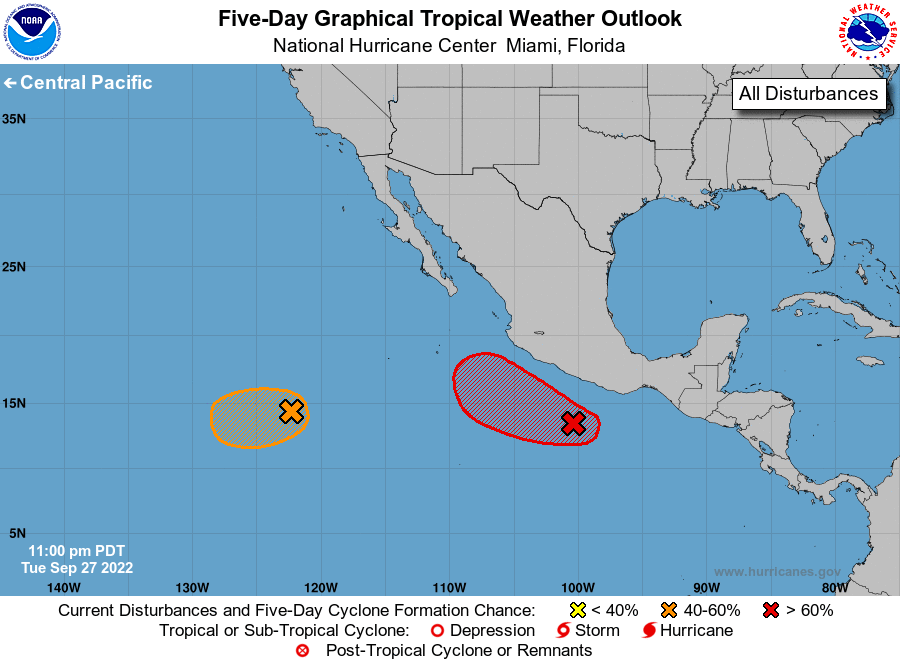
For the eastern North Pacific...east of 140 degrees west longitude:

1. South of the Southern Coast of Mexico: Showers and thunderstorms have increased in association with an area of low pressure located south of the southern coast of Mexico. Environmental conditions appear conducive for development, and a tropical depression is likely to form during the next few days while the system moves westward to west-northwestward off the coast of southern and southwestern Mexico.
* Formation chance through 48 hours...medium...60 percent.
* Formation chance through 5 days...high...80 percent.

2. Western East Pacific: The remnants of Newton are located nearly 1,000 miles southwest of the southern tip of the Baja California peninsula. Although shower and thunderstorm activity has decreased over the past several hours, some additional slight development of the system is possible, and it could briefly become a tropical depression again while it moves generally westward over the western portion of the eastern North Pacific. Environmental conditions are expected to become less conducive for additional development by the end of the week.
* Formation chance through 48 hours...medium...40 percent.
* Formation chance through 5 days...medium...40 percent.

Forecaster Latto